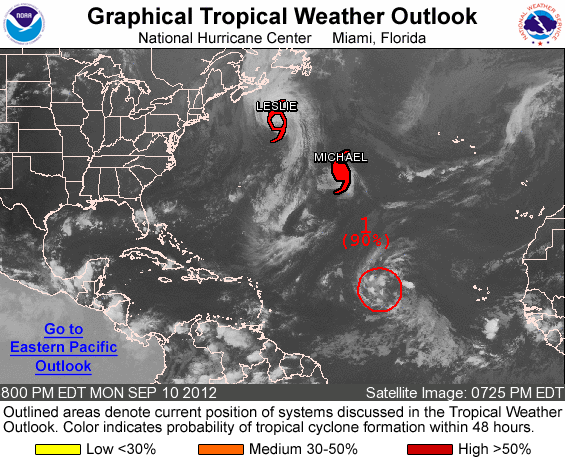
FOR THE NORTH ATLANTIC...CARIBBEAN SEA AND THE GULF OF MEXICO...

THE NATIONAL HURRICANE CENTER IS ISSUING ADVISORIES ON TROPICAL STORM LESLIE...LOCATED ABOUT 465 MILES SOUTHWEST OF CAPE RACE NEWFOUNDLAND... AND ON HURRICANE MICHAEL...LOCATED ABOUT 1175 MILES WEST OF THE AZORES.

1. A LARGE LOW PRESSURE SYSTEM LOCATED OVER THE CENTRAL TROPICAL ATLANTIC...ABOUT MIDWAY BETWEEN THE CAPE VERDE ISLANDS AND THE LESSER ANTILLES...CONTINUES TO SHOWS SIGNS OF ORGANIZATION. ONLY A SLIGHT INCREASE IN THUNDERSTORM ACTIVITY COULD RESULT IN THE FORMATION OF A TROPICAL DEPRESSION AT ANY TIME. THIS SYSTEM HAS A HIGH CHANCE... 90 PERCENT...OF BECOMING A TROPICAL CYCLONE DURING THE NEXT 48 HOURS AS IT MOVES WEST-NORTHWESTWARD AT 15 TO 20 MPH.

ELSEWHERE...TROPICAL CYCLONE FORMATION IS NOT EXPECTED DURING THE NEXT 48 HOURS.

FORECASTER STEWART